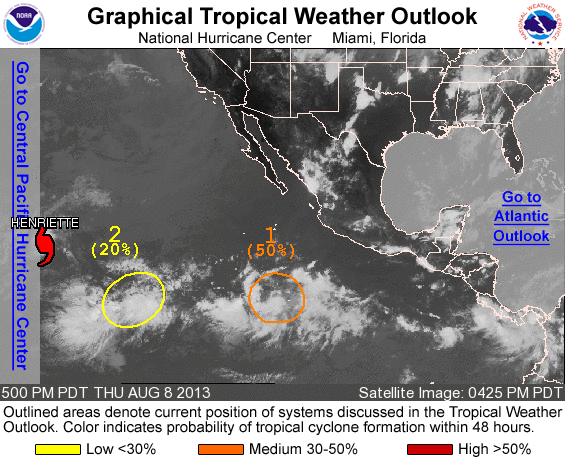
FOR THE EASTERN NORTH PACIFIC...EAST OF 140 DEGREES WEST LONGITUDE..

THE NATIONAL HURRICANE CENTER IS ISSUING ADVISORIES ON HURRICANE HENRIETTE...LOCATED FAR TO THE EAST OF THE HAWAIIAN ISLANDS.

1. SHOWERS AND THUNDERSTORMS HAVE DEVELOPED IN ASSOCIATION WITH A WEAK AREA OF LOW PRESSURE LOCATED ABOUT 700 MILES SOUTH-SOUTHWEST OF MANZANILLO MEXICO. ENVIRONMENTAL CONDITIONS APPEAR CONDUCIVE FOR SOME DEVELOPMENT OF THIS DISTURBANCE OVER THE NEXT FEW DAYS AS IT MOVES WESTWARD AT 10 TO 15 MPH. THIS SYSTEM HAS A MEDIUM CHANCE... 50 PERCENT...OF BECOMING A TROPICAL CYCLONE DURING THE NEXT 48 HOURS AND A HIGH CHANCE...70 PERCENT...OF BECOMING A TROPICAL CYCLONE DURING THE NEXT 5 DAYS.

2. A LOW PRESSURE TROUGH LOCATED ABOUT 1500 MILES SOUTHWEST OF THE SOUTHERN TIP OF BAJA CALIFORNIA IS PRODUCING DISORGANIZED SHOWERS AND THUNDERSTORMS. ENVIRONMENTAL CONDITIONS ARE EXPECTED TO BE MARGINALLY CONDUCIVE FOR GRADUAL DEVELOPMENT OF THIS SYSTEM DURING THE NEXT FEW DAYS. THIS SYSTEM HAS A LOW CHANCE...20 PERCENT...OF BECOMING A TROPICAL CYCLONE DURING THE NEXT 48 HOURS...AND A MEDIUM CHANCE...30 PERCENT...OF BECOMING A TROPICAL CYCLONE DURING THE NEXT 5 DAYS AS IT MOVES WESTWARD AROUND 10 MPH.

FIVE-DAY FORMATION PROBABILITIES ARE EXPERIMENTAL IN 2013. COMMENTS ON THE EXPERIMENTAL FORECASTS CAN BE PROVIDED AT...

HTTP://WWW.NWS.NOAA.GOV/SURVEY/NWS-SURVEY.PHP?CODE=ETWO

FORECASTER LANDSEA